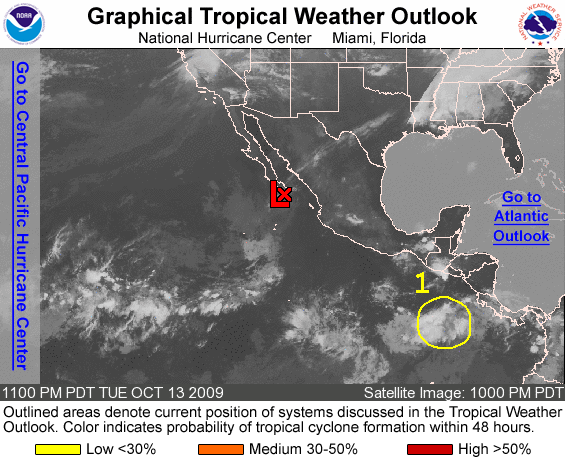
FOR THE EASTERN NORTH PACIFIC...EAST OF 140 DEGREES WEST LONGITUDE..

THE NATIONAL HURRICANE CENTER IS ISSUING ADVISORIES ON RECENTLY-DOWNGRADED TROPICAL DEPRESSION PATRICIA...LOCATED ABOUT 40 MILES EAST-SOUTHEAST OF CABO SAN LUCAS MEXICO.

1. A TROPICAL WAVE LOCATED A FEW HUNDRED MILES WEST-SOUTHWEST OF COSTA RICA IS PRODUCING DISORGANIZED SHOWER AND THUNDERSTORM ACTIVITY. CONDITIONS APPEAR FAVORABLE FOR SLOW DEVELOPMENT OF THIS SYSTEM OVER THE NEXT COUPLE OF DAYS AS IT MOVES WEST-NORTHWESTWARD AT 10 TO 15 MPH. THERE IS A LOW CHANCE...LESS THAN 30 PERCENT...OF THIS SYSTEM BECOMING A TROPICAL CYCLONE DURING THE NEXT 48 HOURS.

ELSEWHERE...TROPICAL CYCLONE FORMATION IS NOT EXPECTED DURING THE NEXT 48 HOURS.

FORECASTER BRENNAN